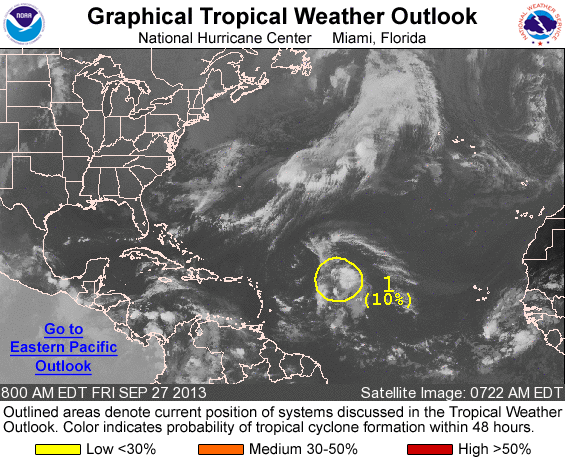
FOR THE NORTH ATLANTIC...CARIBBEAN SEA AND THE GULF OF MEXICO...

1. AN AREA OF CLOUDINESS AND SHOWERS LOCATED OVER THE TROPICAL ATLANTIC ABOUT 900 MILES EAST OF THE LEEWARD ISLANDS IS ASSOCIATED WITH A TROPICAL WAVE INTERACTING WITH AN UPPER-LEVEL LOW. SIGNIFICANT DEVELOPMENT IS NOT EXPECTED DUE TO STRONG UPPER-LEVEL WINDS...AND THIS SYSTEM HAS A LOW CHANCE...10 PERCENT...OF BECOMING A TROPICAL CYCLONE DURING THE NEXT 48 HOURS WHILE IT MOVES NORTHWESTWARD AND THEN NORTHWARD AT ABOUT 15 TO 20 MPH. AFTER THAT TIME...CONDITIONS MAY BECOME A LITTLE MORE CONDUCIVE FOR DEVELOPMENT...AND THIS SYSTEM HAS A LOW CHANCE...20 PERCENT...OF BECOMING A TROPICAL CYCLONE DURING THE NEXT 5 DAYS.

FIVE-DAY FORMATION PROBABILITIES ARE EXPERIMENTAL IN 2013. COMMENTS ON THE EXPERIMENTAL FORECASTS CAN BE PROVIDED AT...

HTTP://WWW.NWS.NOAA.GOV/SURVEY/NWS-SURVEY.PHP?CODE=ETWO

FORECASTER BEVEN